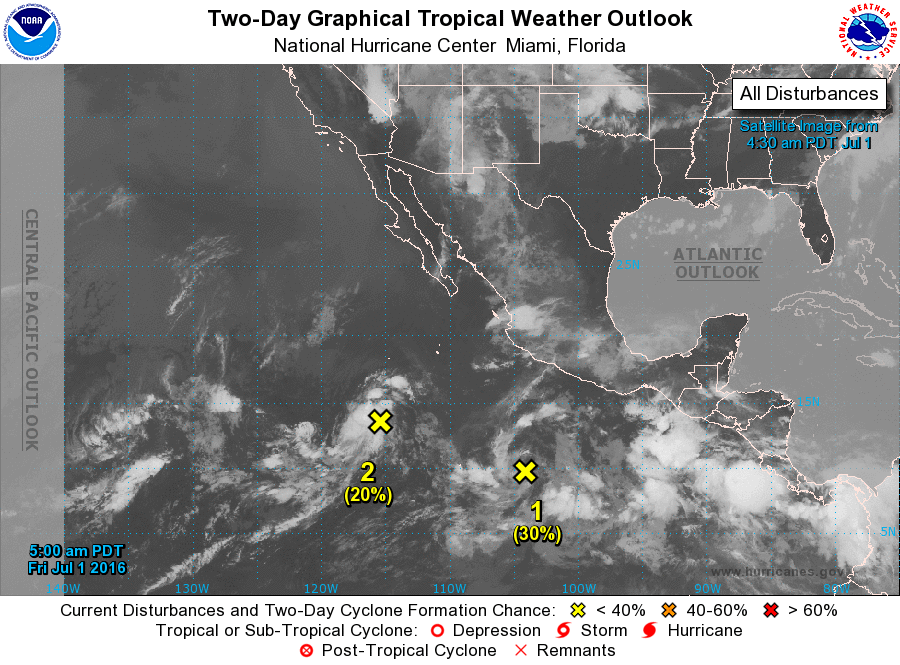
For the eastern North Pacific...east of 140 degrees west longitude:

1. A broad area of low pressure located several hundred miles south- southwest of Acapulco, Mexico, continues to produce a large area of disorganized showers and thunderstorms. Environmental conditions are forecast to be conducive for a tropical depression to form during the next several days while the system moves westward to west-northwestward at 10 to 15 mph, remaining well offshore of the coast of Mexico.
* Formation chance through 48 hours...low...30 percent
* Formation chance through 5 days...high...80 percent

2. Shower activity associated with a low pressure area several hundred miles south-southwest of the southern tip of the Baja California peninsula has become better organized since yesterday, and satellite wind data indicate that the circulation has become better defined. Some additional development of this system is possible during the next couple days as it moves generally westward at 10 to 15 mph. After that time, environmental conditions are expected to become less conducive for development.
* Formation chance through 48 hours...low...20 percent
* Formation chance through 5 days...low...20 percent

Forecaster Beven